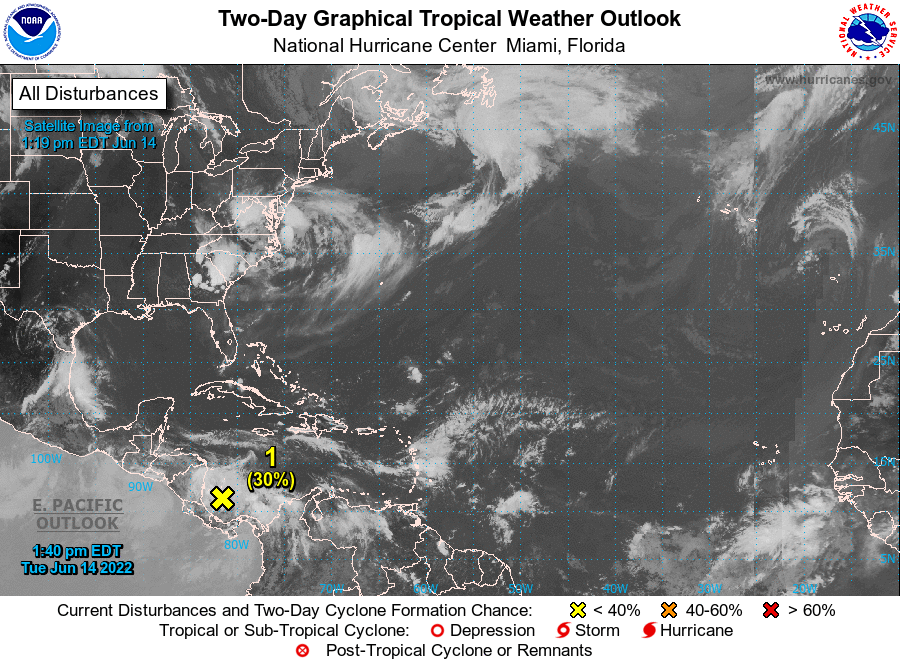
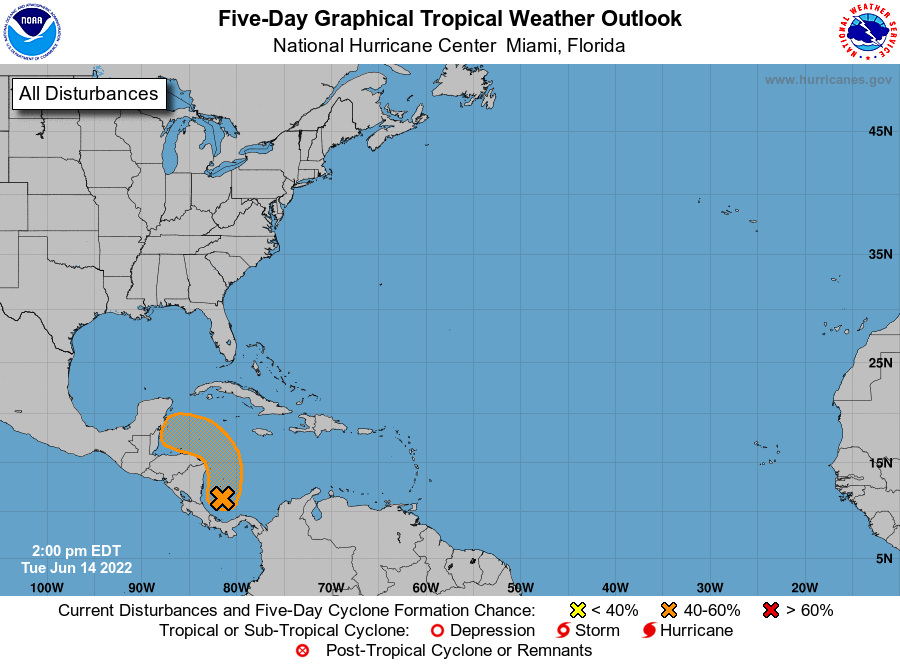
For the North Atlantic...Caribbean Sea and the Gulf of Mexico:

1. Southwestern Caribbean Sea: Satellite imagery and surface observations indicate that a small area of low pressure has formed in the southwestern Caribbean Sea, accompanied by disorganized showers and thunderstorms. Further development of this system is possible while it drifts northwestward near the coasts of Nicaragua and Honduras, and it could become a tropical depression later this week if the disturbance remains over water. An Air Force Reserve Hurricane Hunter aircraft is scheduled to investigate this system tomorrow if necessary. Regardless of development, the low could produce periods of heavy rainfall across portions of eastern Nicaragua and eastern Honduras through late this week.
* Formation chance through 48 hours...low...30 percent.
* Formation chance through 5 days...medium...40 percent.

Forecaster Blake/Bucci